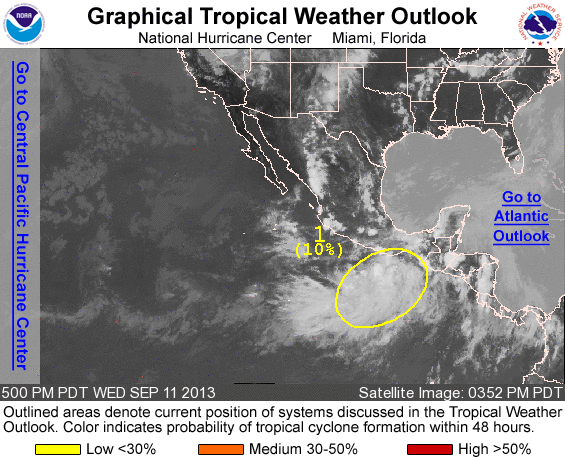
FOR THE EASTERN NORTH PACIFIC...EAST OF 140 DEGREES WEST LONGITUDE..

1. A BROAD AREA OF LOW PRESSURE LOCATED JUST SOUTH OF THE GULF OF TEHUANTEPEC IS PRODUCING A LARGE AREA OF DISORGANIZED SHOWERS AND THUNDERSTORMS. STRONG UPPER-LEVEL WINDS AND CLOSE PROXIMITY TO LAND ARE EXPECTED TO INHIBIT SIGNIFICANT DEVELOPMENT DURING THE NEXT FEW DAYS WHILE THIS DISTURBANCE DRIFTS NORTHWARD TOWARD THE COAST OF SOUTHERN MEXICO. THIS SYSTEM HAS A LOW CHANCE...10 PERCENT...OF BECOMING A TROPICAL CYCLONE DURING THE NEXT 48 HOURS...AND A LOW CHANCE...20 PERCENT...OF BECOMING A TROPICAL CYCLONE DURING THE NEXT 5 DAYS. REGARDLESS OF DEVELOPMENT...THIS SYSTEM IN COMBINATION WITH ANOTHER DISTURBANCE EXPECTED TO BE IN THE BAY OF CAMPECHE...WILL BRING HEAVY RAINS TO PORTIONS OF EASTERN MEXICO FOR THE NEXT SEVERAL DAYS. THESE RAINS COULD CAUSE LIFE-THREATENING FLASH FLOODS AND MUD SLIDES.

FIVE-DAY FORMATION PROBABILITIES ARE EXPERIMENTAL IN 2013. COMMENTS ON THE EXPERIMENTAL FORECASTS CAN BE PROVIDED AT...

HTTP://WWW.NWS.NOAA.GOV/SURVEY/NWS-SURVEY.PHP?CODE=ETWO

FORECASTER BROWN